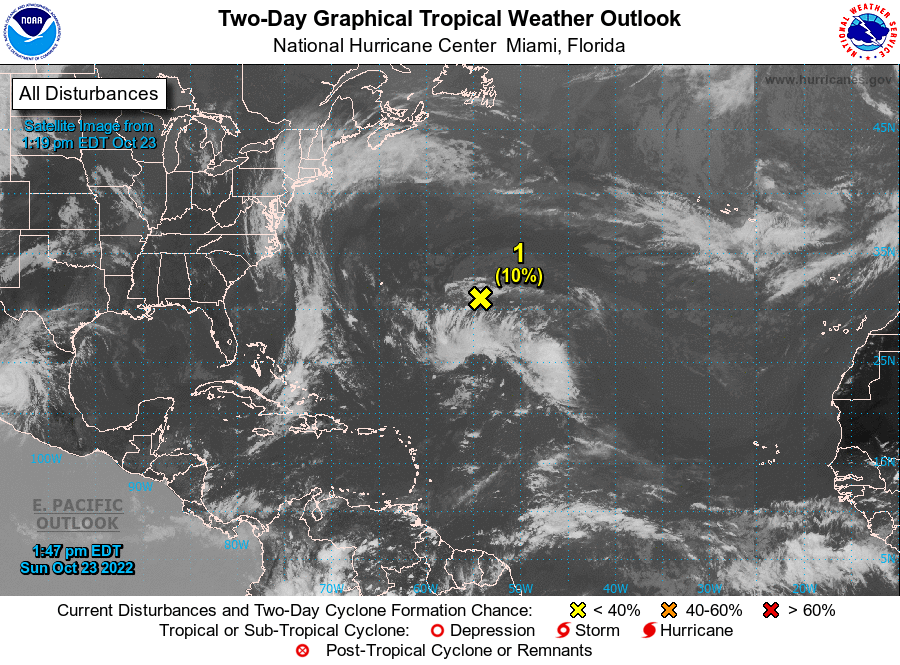
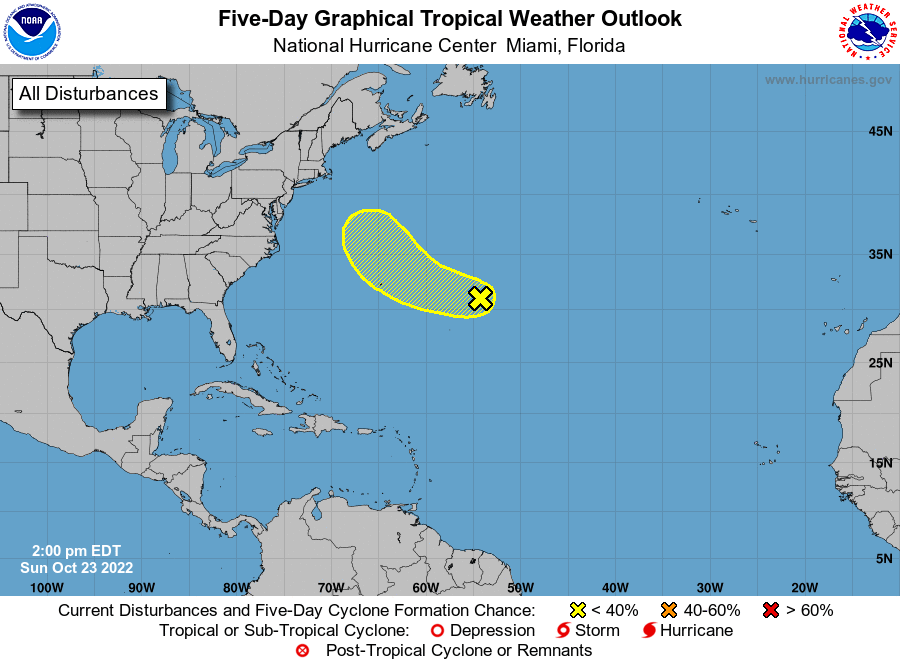
For the North Atlantic...Caribbean Sea and the Gulf of Mexico:

1. Central Subtropical Atlantic: A trough of low pressure located well to the east of Bermuda continues to produce disorganized shower and thunderstorm activity. Environmental conditions are not expected to be particularly conducive, and any subtropical or tropical development of the system should be slow to occur while it moves generally west-northwestward at 15 to 20 mph across the subtropical Atlantic. By the middle part of this week, further development appears unlikely as the system turns northward over the cooler waters of the northwestern Atlantic and encounters stronger upper-level winds.
* Formation chance through 48 hours...low...10 percent.
* Formation chance through 5 days...low...10 percent.

Forecaster Bucci/Brown